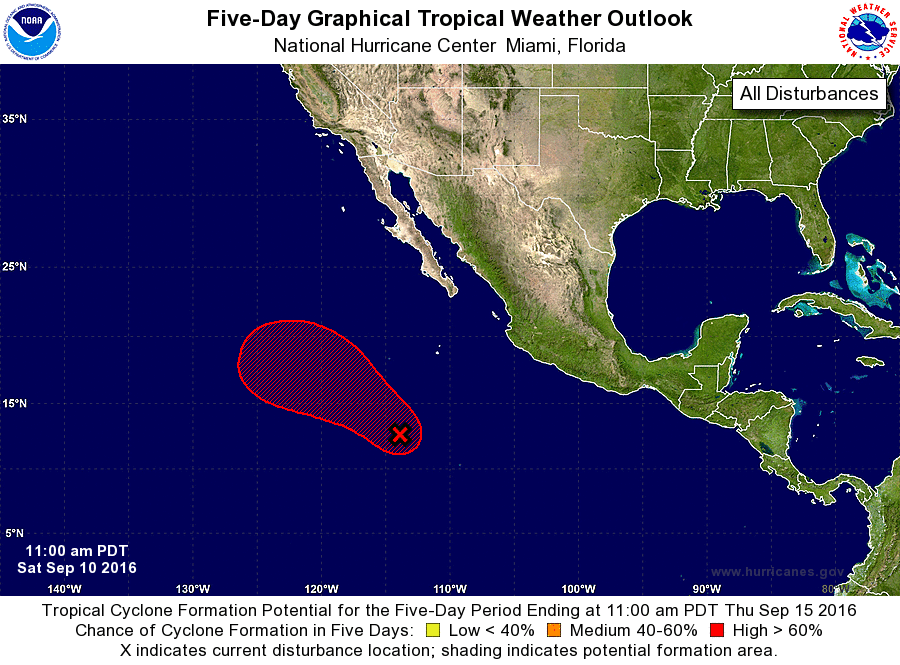
For the eastern North Pacific...east of 140 degrees west longitude:

1. Showers and thunderstorms are gradually becoming better organized near a low pressure area located about 750 miles south-southwest of the southern tip of the Baja California peninsula. Environmental conditions are conducive for additional development, and a tropical depression is expected to form during the next day or so while the low moves northwestward or west-northwestward at 10 to 15 mph.
* Formation chance through 48 hours...high...80 percent
* Formation chance through 5 days...high...90 percent

Forecaster Berg